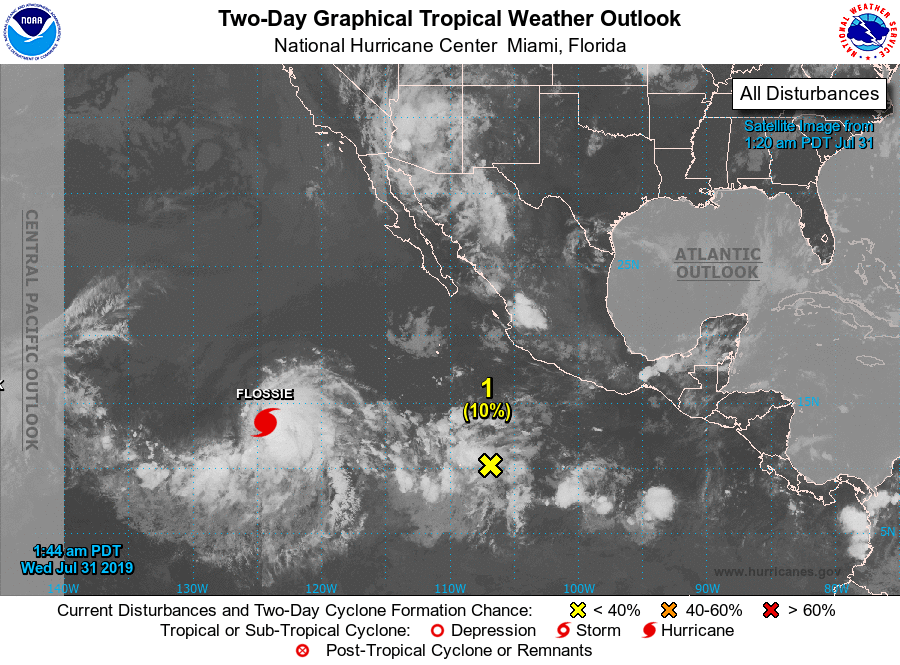
For the eastern North Pacific...east of 140 degrees west longitude:

The National Hurricane Center is issuing advisories on Hurricane Flossie, located more than a thousand miles southwest of the southern tip of the Baja California peninsula.

1. A broad area of low pressure located several hundred miles south-southwest of Manzanillo, Mexico, is producing disorganized showers and thunderstorms. Upper-level winds are forecast to become more conducive for development late this week, and a tropical depression could form over the weekend while the low moves westward or west-northwestward at about 15 mph.
* Formation chance through 48 hours...low...10 percent.
* Formation chance through 5 days...medium...40 percent.

Forecaster Berg